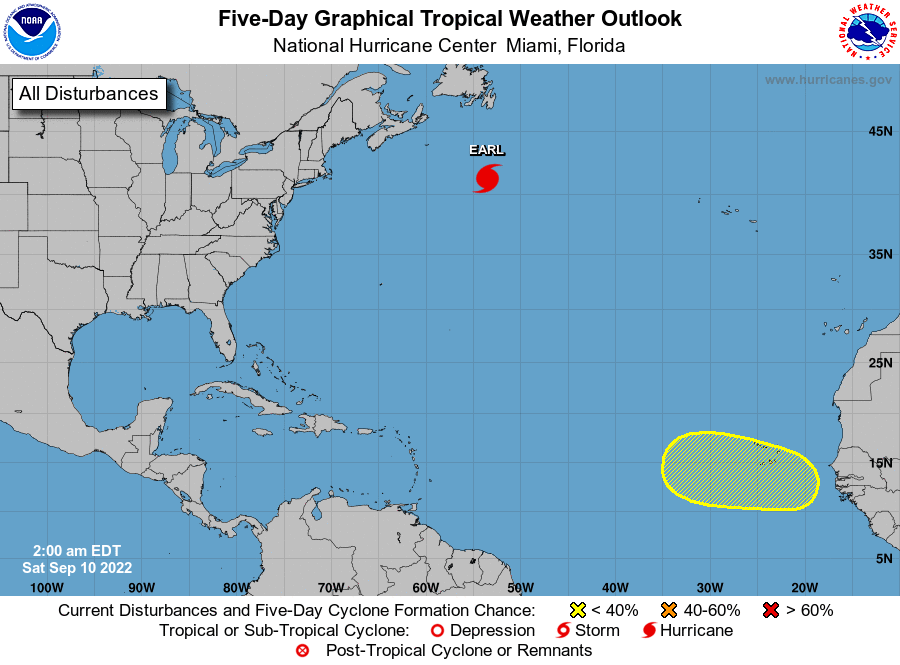
For the North Atlantic...Caribbean Sea and the Gulf of Mexico:

Active Systems: The National Hurricane Center is issuing advisories on Hurricane Earl, located several hundred miles south-southwest of Cape Race, Newfoundland.

1. Eastern Tropical Atlantic: A tropical wave is forecast to move off the west coast of Africa on Monday. Gradual development of the wave will be possible during the early to middle part of next week while it moves westward or west-northwestward across the eastern tropical Atlantic Ocean.
* Formation chance through 48 hours...low...near 0 percent.
* Formation chance through 5 days...low...30 percent.

Forecaster Berg